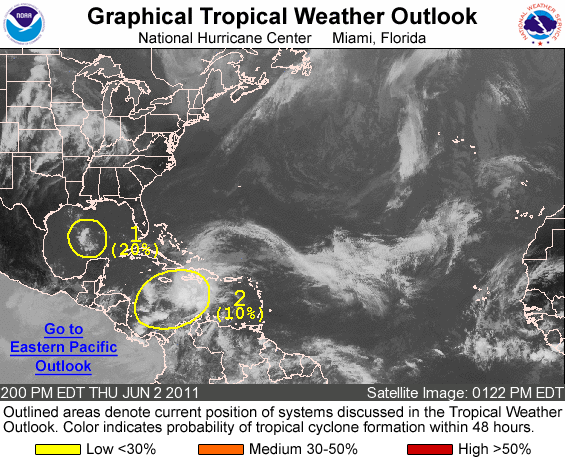
FOR THE NORTH ATLANTIC...CARIBBEAN SEA AND THE GULF OF MEXICO...

1. A BROAD AND NEARLY STATIONARY AREA OF LOW PRESSURE IS LOCATED OVER THE WEST-CENTRAL CARIBBEAN SEA AND IS PRODUCING A LARGE AREA OF SHOWERS AND THUNDERSTORMS THAT EXTENDS SEVERAL HUNDRED MILES SOUTH OF THE SOUTHERN COAST OF HISPANIOLA. STRONG UPPER-LEVEL WINDS ARE EXPECTED TO DIMINISH OVER THE NEXT COUPLE OF DAYS...AND THERE IS A LOW CHANCE...20 PERCENT...OF THIS SYSTEM BECOMING A TROPICAL CYCLONE DURING THE NEXT 48 HOURS. REGARDLESS OF DEVELOPMENT... HEAVY RAINFALL COULD PRODUCE FLASH FLOODS AND MUD SLIDES OVER PORTIONS OF HAITI AND THE DOMINICAN REPUBLIC OVER THE NEXT DAY OR TWO.

2. A SMALL AREA OF LOW PRESSURE IS PRODUCING LIMITED SHOWER AND THUNDERSTORM ACTIVITY SEVERAL HUNDRED MILES NORTH OF THE YUCATAN PENINSULA. ALTHOUGH ENVIRONMENTAL CONDITIONS ARE NOT CONDUCIVE FOR DEVELOPMENT...THE CIRCULATION ASSOCIATED WITH THE SYSTEM HAS BECOME A LITTLE BETTER DEFINED TODAY. THERE IS STILL A LOW CHANCE...10 PERCENT...OF THIS SYSTEM BECOMING A TROPICAL CYCLONE DURING THE NEXT 48 HOURS AS IT MOVES WEST-SOUTHWESTWARD AT 15 TO 20 MPH.

ELSEWHERE...TROPICAL CYCLONE FORMATION IS NOT EXPECTED DURING THE NEXT 48 HOURS.

FORECASTER BERG